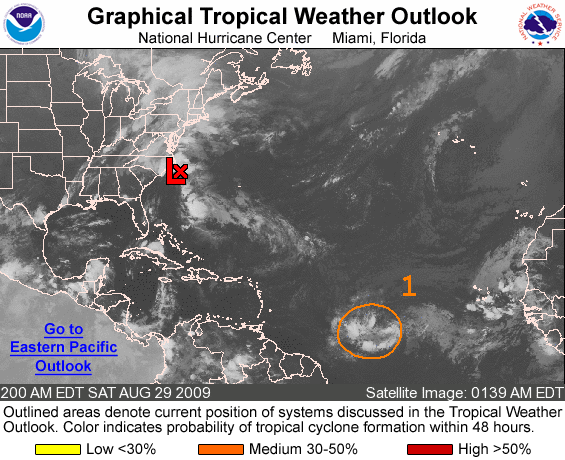
FOR THE NORTH ATLANTIC...CARIBBEAN SEA AND THE GULF OF MEXICO...

THE NATIONAL HURRICANE CENTER IS ISSUING ADVISORIES ON WEAKENING TROPICAL STORM DANNY...LOCATED ABOUT 300 MILES SOUTH OF CAPE HATTERAS NORTH CAROLINA.

1. A BROAD AREA OF LOW PRESSURE CENTERED HALFWAY BETWEEN AFRICA AND THE LESSER ANTILLES CONTINUES TO PRODUCE DISORGANIZED SHOWERS AND THUNDERSTORMS. ALTHOUGH THIS SYSTEM HAS CHANGED LITTLE DURING THE PAST SEVERAL HOURS...CONDITIONS APPEAR FAVORABLE FOR GRADUAL DEVELOPMENT OVER THE NEXT COUPLE OF DAYS AS IT MOVES WESTWARD AT AROUND 15 MPH. THERE IS A MEDIUM CHANCE...30 TO 50 PERCENT...OF THIS SYSTEM BECOMING A TROPICAL CYCLONE DURING THE NEXT 48 HOURS.

ELSEWHERE...TROPICAL CYCLONE FORMATION IS NOT EXPECTED DURING THE NEXT 48 HOURS.

FORECASTER AVILA